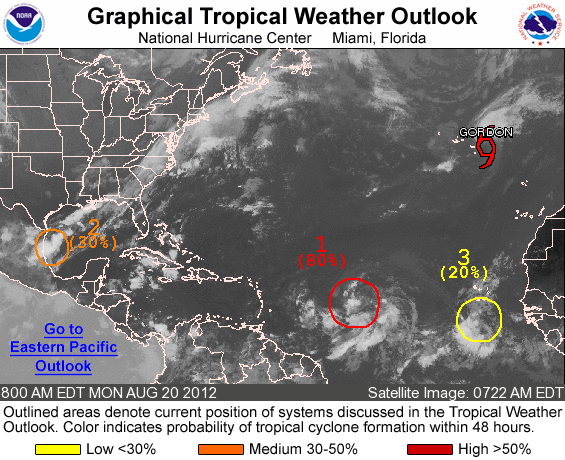
FOR THE NORTH ATLANTIC...CARIBBEAN SEA AND THE GULF OF MEXICO...

THE NATIONAL HURRICANE CENTER IS ISSUING ADVISORIES ON TROPICAL STORM GORDON...LOCATED OVER THE NORTHEASTERN ATLANTIC OCEAN ABOUT 115 MILES EAST-NORTHEAST OF SANTA MARIA ISLAND IN THE EASTERN AZORES.

1. A TROPICAL WAVE AND A LOW PRESSURE AREA LOCATED ABOUT 1100 MILES EAST OF THE LESSER ANTILLES CONTINUES TO PRODUCE SHOWER AND THUNDERSTORM ACTIVITY. ENVIRONMENTAL CONDITIONS ARE CONDUCIVE FOR A TROPICAL DEPRESSION TO FORM DURING THE NEXT DAY OR SO AS THIS LARGE DISTURBANCE MOVES WESTWARD AT 20 TO 25 MPH. THIS SYSTEM HAS A HIGH CHANCE...80 PERCENT...OF BECOMING A TROPICAL CYCLONE DURING THE NEXT 48 HOURS. INTERESTS IN THE LESSER ANTILLES SHOULD MONITOR THE PROGRESS OF THIS SYSTEM.

2. SHOWER AND THUNDERSTORM ACTIVITY HAS INCREASED OVER THE WESTERN GULF OF MEXICO IN ASSOCIATION WITH A SURFACE TROUGH. SOME GRADUAL DEVELOPMENT OF THIS SYSTEM IS POSSIBLE DURING THE NEXT DAY OR SO IF IT REMAINS OFFSHORE. THIS SYSTEM HAS A MEDIUM CHANCE...30 PERCENT...OF BECOMING A TROPICAL CYCLONE DURING THE NEXT 48 HOURS. REGARDLESS OF DEVELOPMENT...HEAVY RAINFALL IS POSSIBLE IN THE MEXICAN STATES OF TAMAULIPAS AND VERACRUZ DURING THE NEXT DAY OR TWO. AN AIR FORE RESERVE HURRICANE HUNTER AIRCRAFT IS SCHEDULED TO INVESTIGATE THIS SYSTEM LATER TODAY.

3. A TROPICAL WAVE LOCATED SOUTH OF THE CAPE VERDE ISLANDS IS PRODUCING SOME DISORGANIZED SHOWER ACTIVITY. SOME GRADUAL DEVELOPMENT IS POSSIBLE OVER THE NEXT FEW DAYS AS THE DISTURBANCE MOVES WESTWARD AT 15 TO 20 MPH. THIS SYSTEM HAS A LOW CHANCE...20 PERCENT...OF BECOMING A TROPICAL CYCLONE DURING THE NEXT 48 HOURS.

ELSEWHERE...TROPICAL CYCLONE FORMATION IS NOT EXPECTED DURING THE NEXT 48 HOURS.

FORECASTER BRENNAN